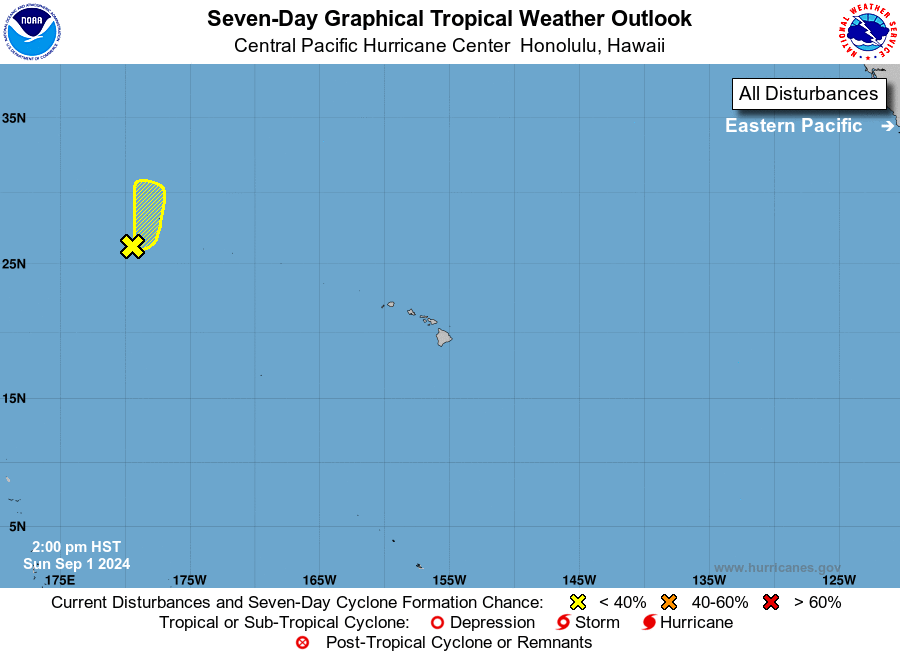
For the central North Pacific...between 140W and 180W:

1. Approximately 280 miles southwest of Midway Atoll: Post-Tropical Cyclone Hone, currently just west of the International Date Line, is moving west at 13 mph and will stall several hundred miles southwest of Midway Atoll tonight. A broad area of scattered thunderstorms continues around the center. Redevelopment is unlikely east of the International Date Line as the system moves slowly northward for the next 5 days.
* Formation chance through 48 hours...low...10 percent.
* Formation chance through 7 days...low...10 percent.

Elsewhere, no tropical cyclones are expected during the next 7 days.

Forecaster TS